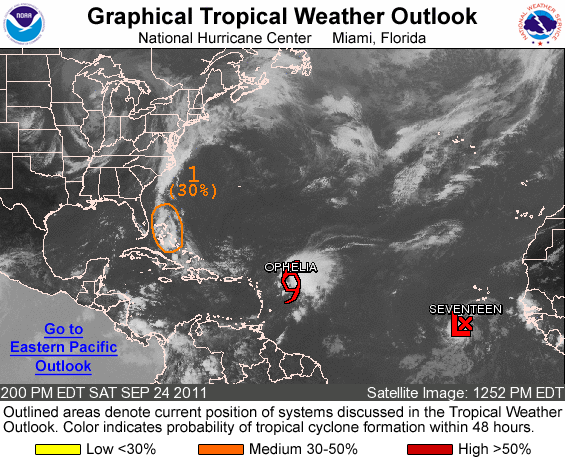
FOR THE NORTH ATLANTIC...CARIBBEAN SEA AND THE GULF OF MEXICO...

THE NATIONAL HURRICANE CENTER IS ISSUING ADVISORIES ON TROPICAL STORM OPHELIA...LOCATED ABOUT 385 MILES EAST OF THE LEEWARD ISLANDS...AND TROPICAL DEPRESSION SEVENTEEN...LOCATED ABOUT 305 MILES SOUTH OF THE SOUTHERNMOST CAPE VERDE ISLANDS.

1. AN ELONGATED LOW PRESSURE SYSTEM HAS DEVELOPED JUST NORTH OF THE NORTHERN BAHAMAS...OR ABOUT 175 MILES EAST-SOUTHEAST OF CAPE CANAVERAL FLORIDA. SATELLITE AND DOPPLER RADAR DATA INDICATE THAT SHOWERS AND THUNDERSTORMS HAVE BECOME A LITTLE BETTER ORGANIZED... AND SOME SLOW DEVELOPMENT OF THIS DISTURBANCE IS POSSIBLE DURING THE NEXT DAY OR SO BEFORE UPPER-LEVEL WINDS BECOME UNFAVORABLE. THIS SYSTEM HAS A MEDIUM CHANCE...30 PERCENT...OF BECOMING A TROPICAL CYCLONE DURING THE NEXT 48 HOURS AS IT MOVES GENERALLY NORTHWARD AT 10 TO 15 MPH. REGARDLESS OF DEVELOPMENT...LOCALLY HEAVY RAINFALL AND GUSTY WINDS WILL BE POSSIBLE OVER THE NORTHWESTERN AND CENTRAL BAHAMAS THROUGH SUNDAY MORNING.

ELSEWHERE...TROPICAL CYCLONE FORMATION IS NOT EXPECTED DURING THE NEXT 48 HOURS.

PUBLIC ADVISORIES ON TROPICAL DEPRESSION SEVENTEEN ARE ISSUED UNDER WMO HEADER WTNT32 KNHC AND UNDER AWIPS HEADER MIATCPAT2. FORECAST/ADVISORIES ON TROPICAL DEPRESSION SEVENTEEN ARE ISSUED UNDER WMO HEADER WTNT22 KNHC AND UNDER AWIPS HEADER MIATCMAT2.

FORECASTER STEWART